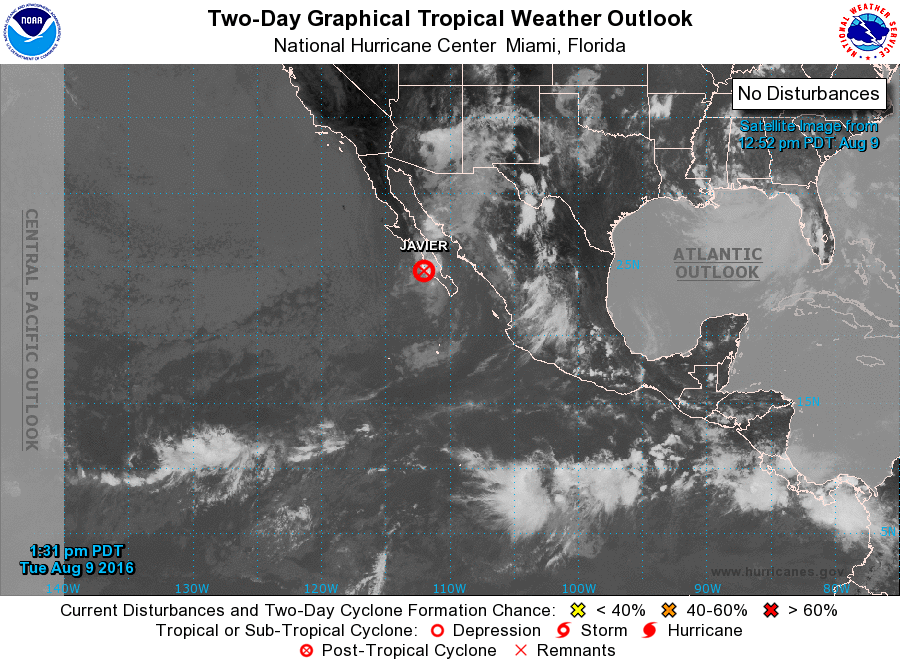
For the eastern North Pacific...east of 140 degrees west longitude:

The National Hurricane Center is issuing advisories on Tropical Depression Javier, located just northwest of Cabo San Lucas, Mexico.

1. A weak area of low pressure could form about 1500 miles east- southeast of the Hawaiian Islands late this week or weekend. Environmental conditions are expected to be marginally conducive for some gradual development of this system while it moves slowly west- northwestward.
* Formation chance through 48 hours...low...near 0 percent
* Formation chance through 5 days...low...30 percent

Forecaster Kimberlain